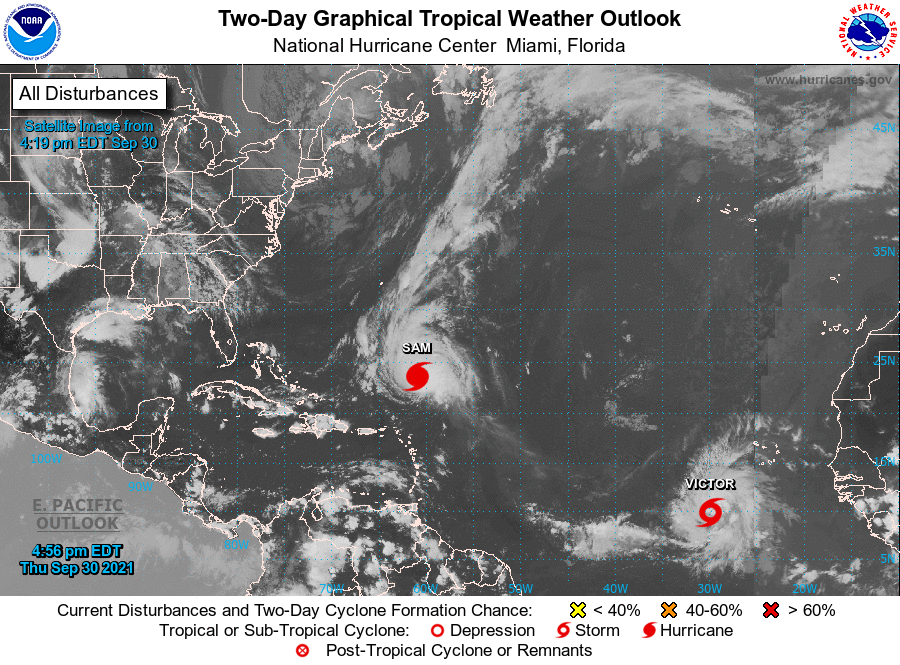
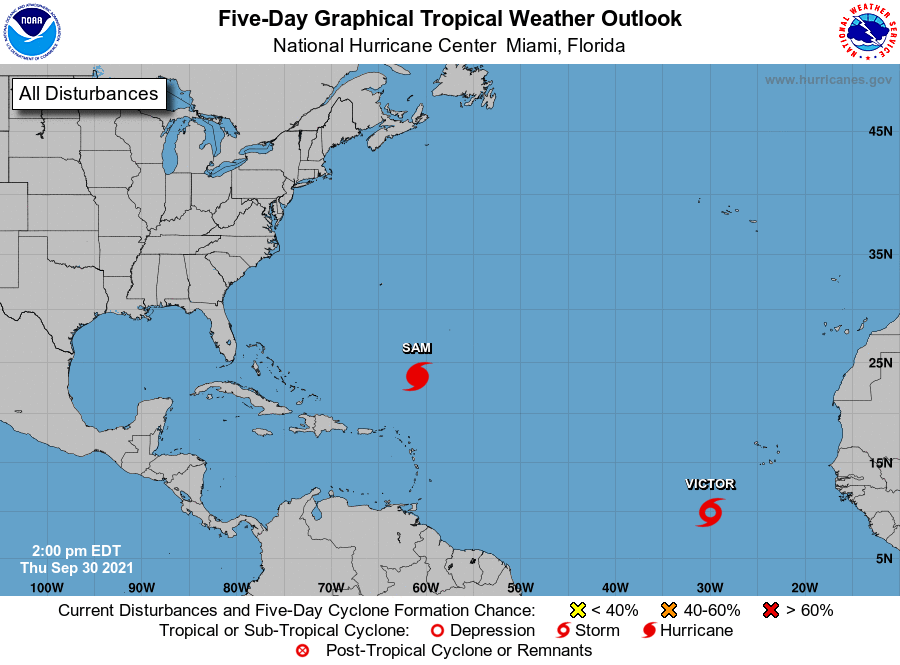
For the North Atlantic...Caribbean Sea and the Gulf of Mexico:

The National Hurricane Center is issuing advisories on Hurricane Sam, located a few hundred miles north-northeast of the northern Leeward Islands, and on Tropical Storm Victor, located over the eastern tropical Atlantic.

Tropical cyclone formation is not expected during the next 5 days.

Forecaster Cangialosi